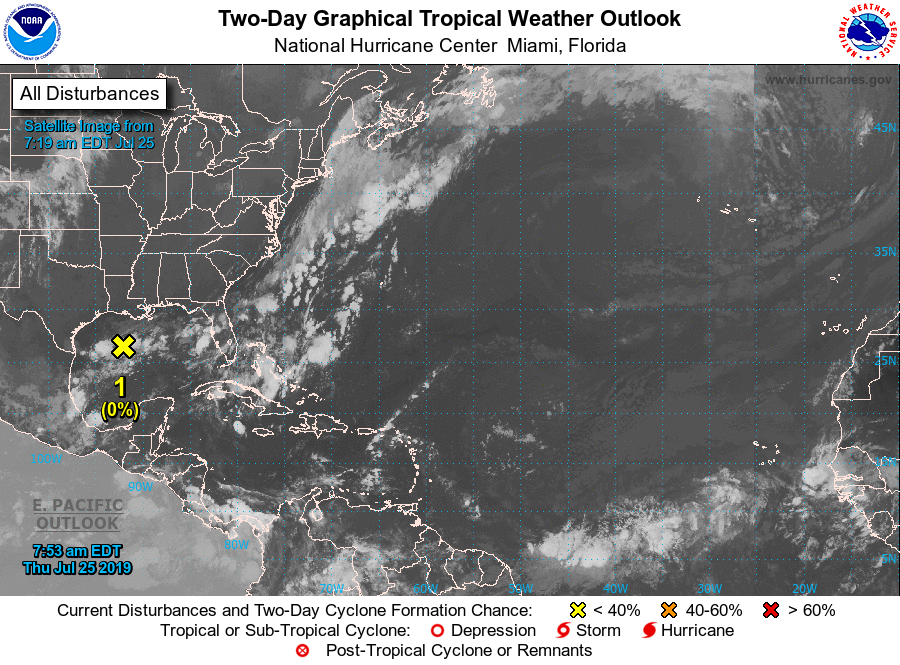
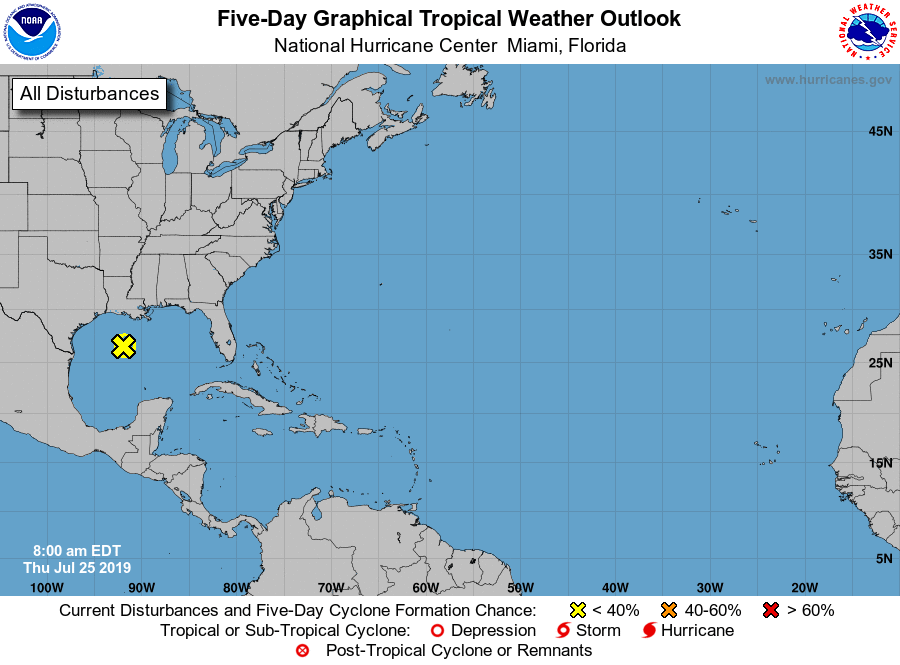
For the North Atlantic...Caribbean Sea and the Gulf of Mexico:

1. A nearly stationary frontal system and a weak area of low pressure are producing widespread cloudiness and disorganized showers across the northern and central Gulf of Mexico. This system is expected to drift northward, and development appears unlikely due to unfavorable upper-level winds.
* Formation chance through 48 hours...low...near 0 percent.
* Formation chance through 5 days...low...near 0 percent.

Forecaster Avila